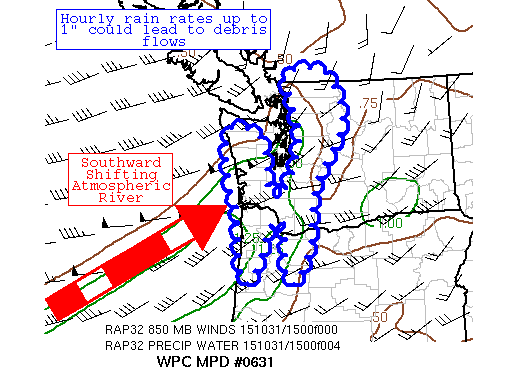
AREAS AFFECTED...MOUNTAINS OF WESTERN WA AND NORTHWEST OR

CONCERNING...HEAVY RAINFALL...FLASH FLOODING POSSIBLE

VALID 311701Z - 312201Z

SUMMARY...A SHORTWAVE MOVING TOWARDS THE COAST OF WA IN A COUPLE
HOURS WILL BEGIN TO SHIFT THE ATMOSPHERIC RIVER SOUTHWARD INTO OR.
 UNTIL THEN, HOURLY RAIN RATES UP TO 1" COULD LEAD TO DEBRIS FLOWS.

DISCUSSION...AN UPSTREAM SHORTWAVE/BAROCLINIC LEAF IS MOVING
QUICKLY TOWARDS THE COAST OF THE PACIFIC NORTHWEST, NEARING THE
128TH MERIDIAN AT THIS TIME AND IS SLATED TO MOVE ASHORE IN A
COUPLE HOURS.  MESONET OBSERVATIONS ALOFT WITH DUAL POL RADAR
IMAGERY HAVE SHOWN HOURLY RAIN RATES OF 0.4-0.7" AS OF LATE, WITH
SOME OF THE HIGHER RATES IN NORTHWEST WA CASCADES.  REFLECTIVITY
DATA ALONG WITH IR SATELLITE IMAGERY INDICATE SOME CONVECTIVE
ELEMENTS APPEAR TO BE BECOMING INCREASINGLY INVOLVED WITHIN THE
STRATIFORM RAIN SHIELD.  INFLOW AT 850 HPA OF 25-50 KTS CONTINUES
TO STREAM MOISTURE INTO THE REGION, WITH MORNING RAOBS INDICATING
PRECIPITABLE WATER VALUES 2.5-3 SIGMAS ABOVE THE MEAN FOR THE END
OF OCTOBER.  SPC MESOANALYSES INDICATE 100-300 J/KG MUCAPE NEAR
THE REGION, WHICH ARE PROBABLY CONTRIBUTING TO THE ELEVATED
CONVECTION.

RECENT RADAR IMAGERY HAS INDICATED SOME EROSION OF RAINFALL ACROSS
THE NORTHERN PORTIONS OF THE OLYMPIC PENINSULA.  ONCE THE
BAROCLINIC LEAF/SHORTWAVE MOVES INLAND IN A COUPLE HOURS, THE
ONSHORE FLOW SHOULD BEGIN TREKKING SOUTHWARD AT A MODEST RATE DOWN
INTO OR.  CAM GUIDANCE CONTINUES TO ADVERTISE LOCAL AMOUNTS OF 3"
THROUGH 22Z, PARTICULARLY ACROSS THE MOUNTAINS OF SOUTHWESTERN WA.
 WITH HOURLY RATES UP TO 1", THIS RAINFALL COULD FALL WITHIN A FEW
HOURS.  ANY RAINFALL RELATED ISSUES SHOULD BEGIN TO DECREASE IN 3+
HOURS AS THE INFLOW BAND SHIFTS SOUTHWARD AND PRECIPITABLE WATER
VALUES BEGIN TO DECLINE.  UNTIL THEN, DEBRIS FLOWS ARE POSSIBLE,
PARTICULARLY NEAR ANY RECENT BURN SCARS.